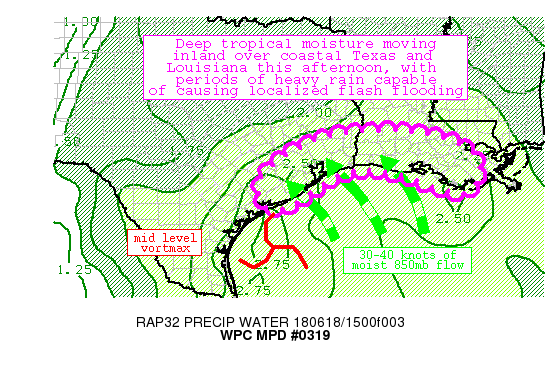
AREAS AFFECTED...SOUTHEAST TEXAS AND SOUTHWEST LOUISIANA

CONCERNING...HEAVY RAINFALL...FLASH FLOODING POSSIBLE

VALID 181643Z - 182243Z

SUMMARY...LOCALLY HEAVY DOWNPOURS ARE EXPECTED THIS AFTERNOON
ACROSS THE NORTHERN GULF COAST OF TEXAS AND ADJACENT COASTAL PLAIN
AND EXTENDING EASTWARD ACROSS MUCH OF SOUTH CENTRAL LOUISIANA.
RAINFALL RATES OF 2+ INCHES PER HOUR ARE POSSIBLE WITH THE
HEAVIEST CONVECTION.

DISCUSSION...A MID TO UPPER LEVEL LOW SLOWLY MEANDERING OVER THE
WESTERN GULF OF MEXICO IS CAUSING ENHANCED LOW LEVEL MOISTURE
CONVERGENCE OVER THE COASTAL WATERS AND ADJACENT COASTAL PLAINS OF
TEXAS AND LOUISIANA.  MULTIPLE BANDS OF HEAVY CONVECTION MOVING
TOWARDS THE NORTHWEST ARE EXPECTED TO TRAIN OVER SOME AREAS
REPEATEDLY THROUGH THE EARLY TO MID AFTERNOON HOURS.

FACTORS SUPPORTING THIS HEAVY RAINFALL EVENT ARE THE HIGHLY
ANOMALOUS PWS NEAR 2.5 INCHES, 30 TO 40 KNOTS OF SUSTAINED 850MB
MOISTURE TRANSPORT, 1000-1500 J/KG OF MLCAPE, AND VERY SLOW
MOVEMENT OF THE MAIN DISTURBANCE OVER THE GULF.  ONE OF THE
MITIGATING FACTORS IS THE RELATIVELY HIGH FLASH FLOOD GUIDANCE
OWING TO RECENT DRY CONDITIONS OVER THIS REGION, SO FLASH FLOODING
IS CONSIDERED POSSIBLE IN THOSE AREAS THAT HAVE VERY HIGH RAINFALL
RATES.

THE MAJORITY OF THE HIGH RES MODEL GUIDANCE IS INDICATING
SCATTERED RAINFALL TOTALS ON THE ORDER OF 1 TO 3 INCHES, WITH
ISOLATED TOTALS OF 4 INCHES OR MORE POSSIBLE THROUGH 23Z.  THE
HRRR IS INDICATING THE HEAVIEST RAINFALL NEAR AND JUST WEST OF THE
GREATER HOUSTON AREA, WITH SOME DIFFERENCES IN THE GUIDANCE ON HOW
FAR INLAND THESE RAIN BANDS GO THIS AFTERNOON.